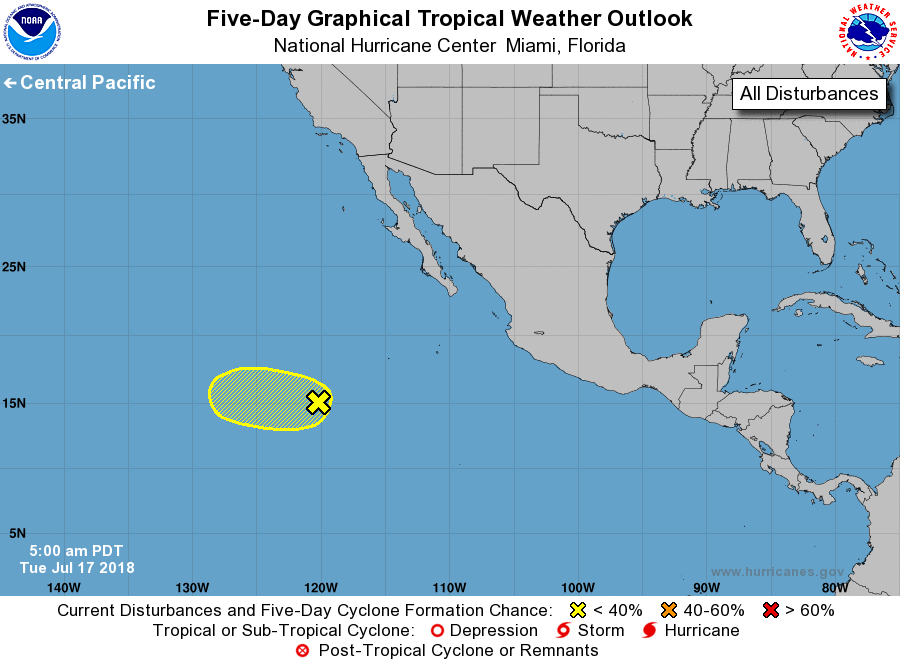
For the eastern North Pacific...east of 140 degrees west longitude:

1. Disorganized shower and thunderstorm activity associated with a tropical wave located several hundred miles southwest of the southern tip of the Baja California Peninsula continues to show little change. Upper-level winds are forecast to be unfavorable for development during the next few days while the system moves westward to west-northwestward.
* Formation chance through 48 hours...low...20 percent.
* Formation chance through 5 days...low...20 percent.

Forecaster Pasch